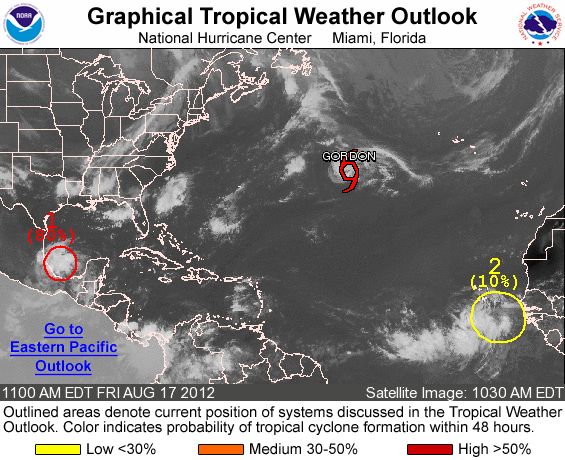
FOR THE NORTH ATLANTIC...CARIBBEAN SEA AND THE GULF OF MEXICO...

SPECIAL OUTLOOK ISSUED TO UPDATE DISCUSSION OF REMNANTS OF TROPICAL DEPRESSION SEVEN IN THE EXTREME SOUTHWESTERN GULF OF MEXICO.

THE NATIONAL HURRICANE CENTER IS ISSUING ADVISORIES ON TROPICAL STORM GORDON...LOCATED OVER THE CENTRAL ATLANTIC OCEAN ABOUT 1100 MILES WEST OF THE AZORES.

1. UPDATED...THE REMNANTS OF TROPICAL DEPRESSION SEVEN OVER THE SOUTHWESTERN GULF OF MEXICO HAVE NOT YET BECOME SUFFICIENTLY ORGANIZED TO CONSIDER THE SYSTEM A TROPICAL CYCLONE. HOWEVER... SHOWERS AND THUNDERSTORMS ASSOCIATED WITH THE SYSTEM ARE ALREADY AFFECTING PORTIONS OF THE EAST COAST OF MEXICO...AND LOCALLY HEAVY RAINS AND GUSTY WINDS WILL CONTINUE IN THIS AREA DURING THE NEXT DAY OR SO AS THE SYSTEM MOVES NORTHWESTWARD AT AROUND 10 MPH. ENVIRONMENTAL CONDITIONS STILL APPEAR CONDUCIVE FOR FORMATION...AND THIS SYSTEM HAS A HIGH CHANCE...80 PERCENT...OF BECOMING A TROPICAL CYCLONE AT ANY TIME IN THE NEXT DAY OR SO BEFORE IT REACHES LAND. AN AIR FORCE RESERVE HURRICANE HUNTER AIRCRAFT IS SCHEDULED TO INVESTIGATE THIS SYSTEM THIS AFTERNOON...AND A TROPICAL STORM WATCH OR WARNING WOULD LIKELY BE REQUIRED FOR A PORTION OF THE COAST OF MEXICO IF ADVISORIES ARE INITIATED.

2. A TROPICAL WAVE LOCATED JUST WEST OF THE COAST OF AFRICA CONTINUES TO PRODUCE AN AREA OF DISORGANIZED SHOWERS AND THUNDERSTORMS IN THE FAR EASTERN ATLANTIC OCEAN. SOME SLOW DEVELOPMENT OF THIS SYSTEM IS POSSIBLE DURING THE NEXT FEW DAYS. THIS SYSTEM HAS A LOW CHANCE... 10 PERCENT...OF BECOMING A TROPICAL CYCLONE DURING THE NEXT 48 HOURS AS IT MOVES TOWARD THE WEST AT 15 TO 20 MPH.

ELSEWHERE...TROPICAL CYCLONE FORMATION IS NOT EXPECTED DURING THE NEXT 48 HOURS.

FORECASTER BERG/BRENNAN